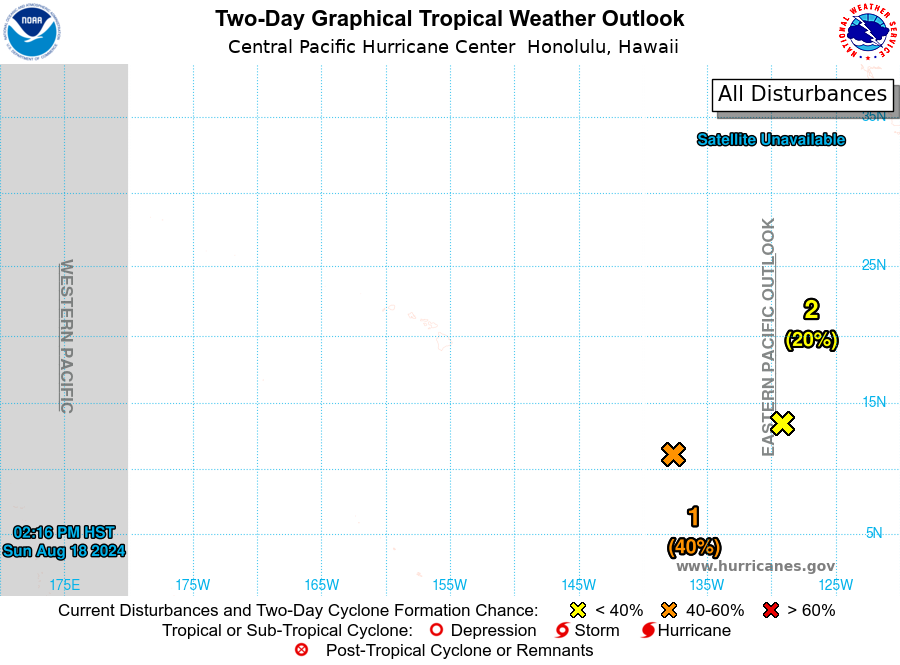
For the central North Pacific...between 140W and 180W:

1. Approximately 1300 miles southeast of Hilo, Hawaii (EP90): A low pressure system located well southeast of the Hawaiian Islands is producing disorganized showers and thunderstorms. This disturbance is forecast to interact with the disturbance located to its east-northeast (mentioned below). If this system becomes the dominant disturbance, some gradual development is possible, and a tropical depression could form in the next couple of days as it moves slowly west. If a depression does form, a faster west-northwestward motion into the Central Pacific basin is likely during the latter half of the week.
* Formation chance through 48 hours...medium...40 percent.
* Formation chance through 7 days...medium...60 percent.

2. Approximately 1800 miles southeast of Hilo, Hawaii: Disorganized showers and thunderstorms continue in association with a broad trough of low pressure located well southwest of the southern tip of the Baja California peninsula. This system is forecast to interact with another disturbance to its west-southwest (EP90 mentioned above) over the next few days which could limit additional development. A tropical depression could still form during the middle part of the week while the system moves generally west-northwestward before possibly merging with the disturbance (EP90) currently located further west.
* Formation chance through 48 hours...low...20 percent.
* Formation chance through 7 days...medium...40 percent.

Elsewhere, no tropical cyclones are expected during the next 7 days.

Forecaster Blood